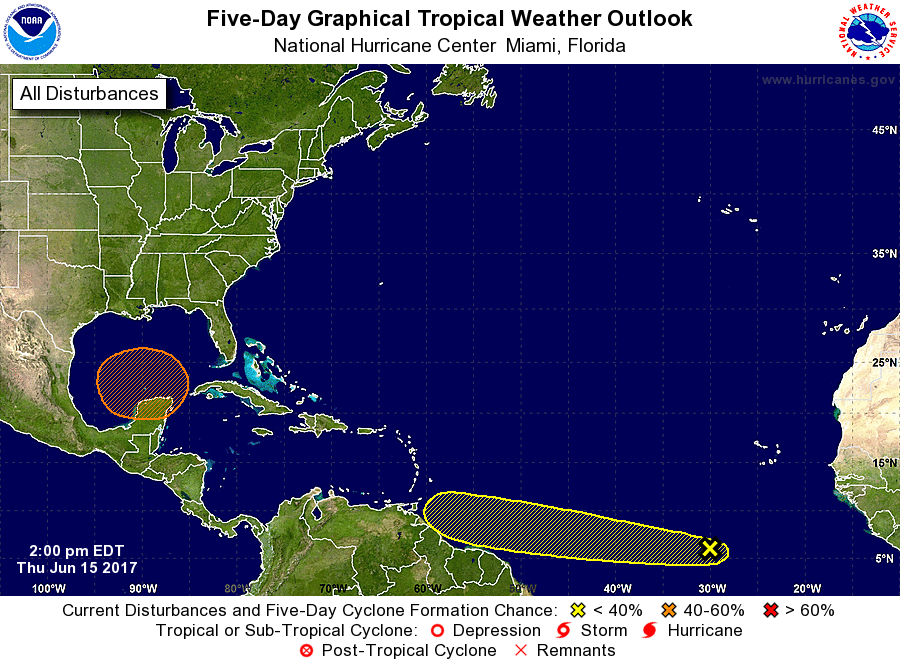
For the North Atlantic...Caribbean Sea and the Gulf of Mexico:

1. A tropical wave located several hundred miles south-southwest of the Cabo Verde Islands is producing disorganized showers and thunderstorms. Development, if any, of this system should be slow to occur during the next few days while the wave moves westward near 20 mph over the tropical Atlantic.
* Formation chance through 48 hours...low...10 percent.
* Formation chance through 5 days...low...20 percent.

2. A broad area of low pressure is expected to form over the northwestern Caribbean Sea and the Yucatan peninsula this weekend. Conditions appear to be favorable for gradual development of this system while it moves slowly northwestward toward the southern Gulf of Mexico early next week.
* Formation chance through 48 hours...low...near 0 percent.
* Formation chance through 5 days...medium...50 percent.

Forecaster Cangialosi